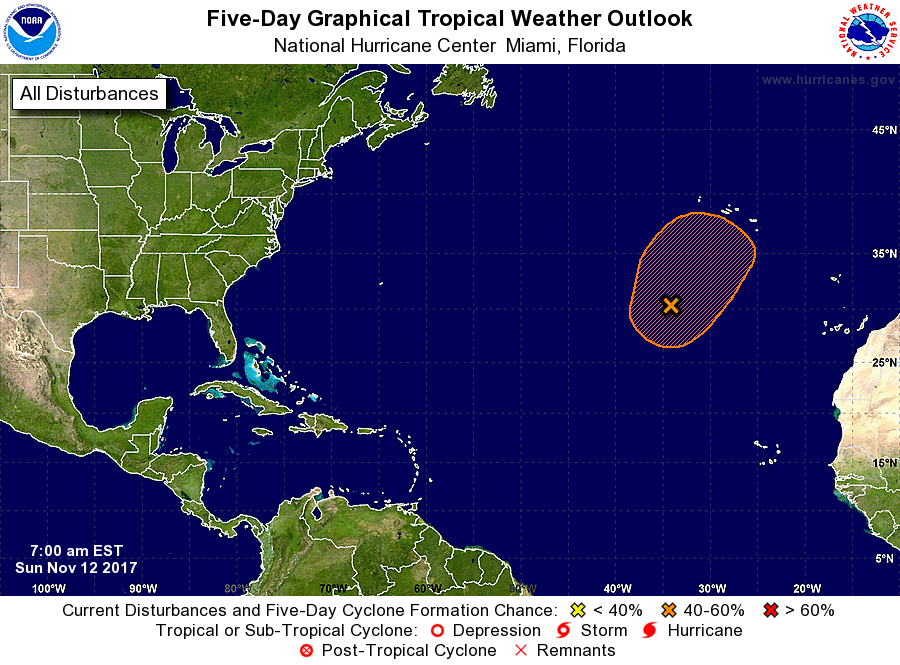
For the North Atlantic...Caribbean Sea and the Gulf of Mexico:

1. A surface trough interacting with an upper-level low continues to produce an elongated area of disorganized showers and thunderstorms about 700 miles southwest of the Azores. Environmental conditions are expected to be conducive for a non-tropical low to form during the next day or so, and the system could gradually acquire some subtropical characteristics by the middle of next week while it moves slowly northeastward.
* Formation chance through 48 hours...low...10 percent.
* Formation chance through 5 days...medium...40 percent.

Forecaster Beven